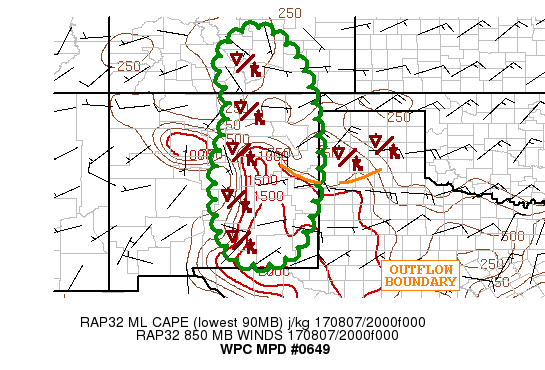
AREAS AFFECTED...SOUTHERN CO...CENTRAL/EASTERN NM

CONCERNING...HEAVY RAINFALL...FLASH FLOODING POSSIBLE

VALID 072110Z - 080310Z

SUMMARY...HEAVY SHOWERS AND THUNDERSTORMS MOVING GRADUALLY EAST
OFF THE HIGHER TERRAIN OF SOUTHERN CO AND EAST-CENTRAL NM WILL
PRODUCE CONCERNS FOR SOME FLASH FLOODING THROUGH THE EVENING HOURS.

DISCUSSION...STRONG THUNDERSTORMS ARE DEVELOPING WITH THE AID OF
LOW LEVEL UPSLOPE FLOW AND ROBUST DIURNAL HEATING WHICH IS
CONTRIBUTING TO A NOTABLE N/S ORIENTED INSTABILITY AXIS ACROSS THE
HIGH PLAINS OF EASTERN NM. AN ADDITIONAL FEATURE OF NOTE IS A
CONVECTIVELY INDUCED OUTFLOW BOUNDARY OVER EASTERN NM AND INTO
WEST TX WHICH MAY ACT AS A SEPARATE FORCING MECHANISM FOR MORE
CONCENTRATED CONVECTION THIS EVENING AS THE CELLS OVER THE HIGHER
TERRAIN OF EAST-CENTRAL NM...INCLUDING THE SANGRE DE CRISTO
RANGE...ADVANCE OFF TO THE EAST-SOUTHEAST ACROSS THE HIGH PLAINS.

PWATS ARE ON THE ORDER OF 1.25 TO 1.40 INCHES ACROSS THE MPD
THREAT AREA WHICH IS A TAD ABOVE NORMAL FOR THIS TIME OF THE YEAR.
EXPECT RAINFALL AMOUNTS OF 1.5 INCHES/HR AND ESPECIALLY WITH SUCH
COLD CONVECTIVE TOPS AND UPSLOPE FLOW AS NOTED OVER THE LAST HOUR.
STORM TOTAL AMOUNTS THROUGH MID-EVENING OF AS MUCH AS 2 TO 4
INCHES WILL BE POSSIBLE...AND THIS IS A LITTLE WETTER THAN THE
HIRES MODEL CONSENSUS. SOME RUNOFF AND/OR FLASH FLOODING IS
POSSIBLE AND ESPECIALLY WITH THE RATHER SLOW CELL MOTIONS.